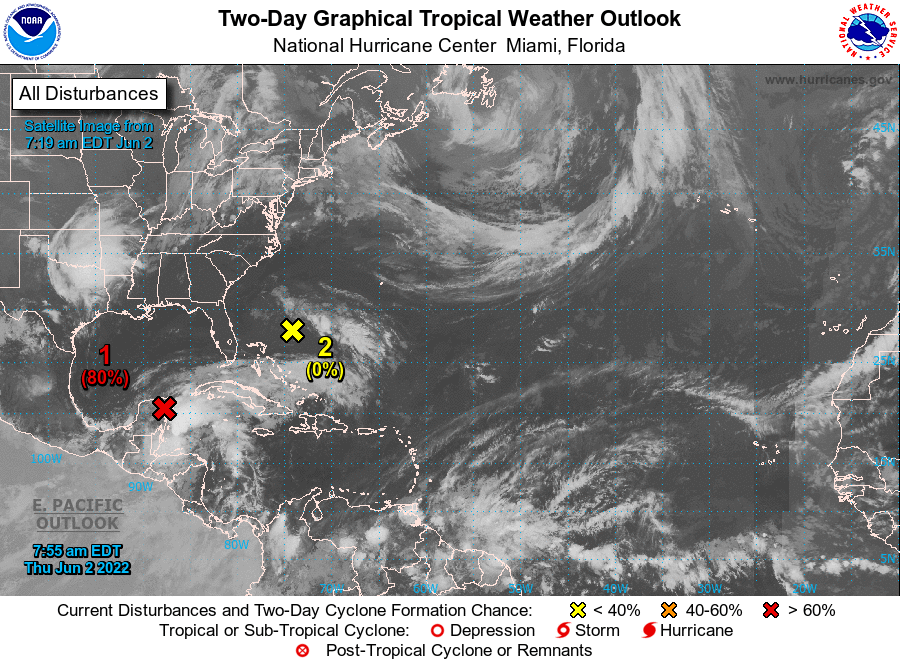
For the North Atlantic...Caribbean Sea and the Gulf of Mexico:

1. Near the Yucatan Peninsula and Southeastern Gulf of Mexico: A broad area of low pressure located over the northeastern portion of the Yucatan Peninsula continues to produce a large area of disorganized showers and thunderstorms over the northwestern Caribbean Sea and Yucatan Peninsula. Despite strong upper-level winds, this system is likely to become a tropical depression or tropical storm while it moves slowly northeastward over the northwestern Caribbean Sea and southeastern Gulf of Mexico during the next day or two. Interests in western Cuba, the Florida Keys, and the Florida Peninsula should monitor the progress of this system, and tropical storm watches or warnings could be required for some of these areas later today.

Regardless of development, areas of heavy rainfall are likely across portions of the Yucatan Peninsula and western Cuba during the next day or so, spreading across southern and central Florida and the Florida Keys Friday and Friday night, and the northwestern Bahamas on Saturday. These heavy rains could cause scattered to numerous flash floods across South Florida and the Florida Keys.
* Formation chance through 48 hours...high...80 percent.
* Formation chance through 5 days...high...80 percent.

2. Southwestern Atlantic: Shower activity associated with a weak surface trough located about 200 miles east-northeast of the northwestern Bahamas has diminished, and upper-level winds remain strong in the area. Development of this system is not expected while it moves northeastward at 5 to 10 mph over the southwestern Atlantic during the next couple of days.
* Formation chance through 48 hours...low...near 0 percent.
* Formation chance through 5 days...low...near 0 percent.

Forecaster Beven